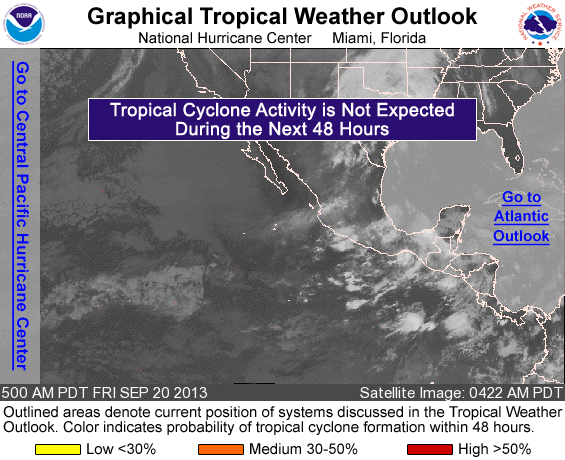
FOR THE EASTERN NORTH PACIFIC...EAST OF 140 DEGREES WEST LONGITUDE..

TROPICAL CYCLONE FORMATION IS NOT EXPECTED THROUGH FIVE DAYS.

&&
FIVE-DAY FORMATION PROBABILITIES ARE EXPERIMENTAL IN 2013. COMMENTS ON THE EXPERIMENTAL FORECASTS CAN BE PROVIDED AT...

HTTP://WWW.NWS.NOAA.GOV/SURVEY/NWS-SURVEY.PHP?CODE=ETWO

FORECASTER LANDSEA